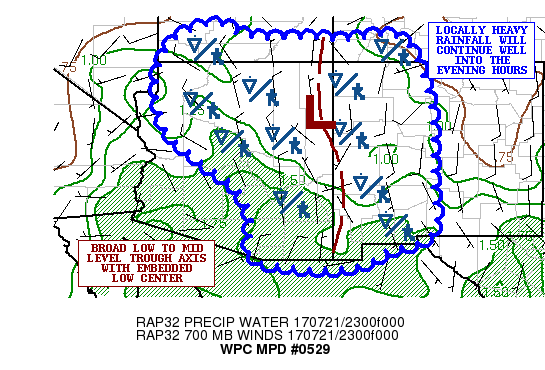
AREAS AFFECTED...WESTERN NM...AZ...FAR SOUTHERN UT...FAR SOUTHWEST
CO

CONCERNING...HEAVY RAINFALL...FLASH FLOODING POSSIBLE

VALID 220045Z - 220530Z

SUMMARY...MONSOONAL SHOWERS AND THUNDERSTORMS WILL CONTINUE
THROUGH THE EVENING HOURS...WITH A GRADUAL WEAKENING TREND.
HOWEVER...LOCALLY VERY HEAVY RAINFALL WILL CONTINUE TO FOSTER
CONCERNS FOR FLASH FLOODING.

DISCUSSION...LATE-DAY EXPERIMENTAL GOES-16 0.64 MICRON/VIS
SATELLITE IMAGERY SHOWS BROKEN COVERAGE OF HEAVY SHOWERS AND
THUNDERSTORMS OVER WESTERN NM...A LARGE AREA OF ESPECIALLY
CENTRAL/EASTERN AZ ALONG WITH ADJACENT AREAS OF SOUTHERN UT AND
SOUTHWEST CO.

THE CONVECTION CONTINUES TO EVOLVE WITH A COMBINATION OF DIURNAL
HEATING AND A RATHER DEEP POOL OF MONSOONAL MOISTURE...AS PWATS
CONTINUE TO RANGE FROM 1.5 TO 2.5 STANDARD DEVIATIONS ABOVE
NORMAL. IN ADDITION TO THIS...THERE IS A RATHER BROAD LOW TO MID
LEVEL TROUGH OVER THE REGION WITH A WEAK SURFACE LOW CENTER LOW
JUST NORTH OF WINDOW ROCK LOCATED JUST WEST OF THE AZ/NM BORDER.
THIS IS FACILITATING SOME ADDITIONAL SURFACE CONVEREGENCE FOR SOME
OF THE CONVECTION TO BE CHARACTERIZED BY LOOSELY ORGANIZED BANDS
AND CLUSTERS.

GIVEN THE RATHER DEEP COLUMN OF MONSOONAL MOISTURE...RAINFALL
RATES OF UP TO 2 INCHES/HR WILL REMAIN POSSIBLE WITH THE EVOLUTION
OF THE CONVECTION OVER THE NEXT FEW HOURS. SOME GRADUAL WEAKENING
OF THE CONVECTION SHOULD OCCUR BY LATE EVENING THOUGH AS
INSTABILITY BECOMES INCREASINGLY EXHAUSTED.

HOWEVER...UNTIL THEN THERE WILL BE THE POTENTIAL FOR ADDITIONAL 2
TO 3 INCH RAINFALL AMOUNTS. FLASH FLOODING WILL THUS REMAIN A
CONCERN THIS EVENING OVER AREA DRY WASHES/ARROYOS AND ALSO THE
MORE FAVORED HIGHER TERRAIN AND ADJANCENT SLOT CANYONS.